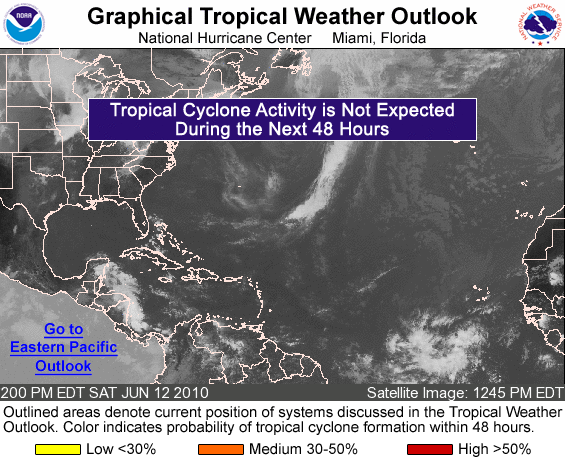
FOR THE NORTH ATLANTIC...CARIBBEAN SEA AND THE GULF OF MEXICO...

TROPICAL CYCLONE FORMATION IS NOT EXPECTED DURING THE NEXT 48 HOURS.

FORECASTER PASCH/KIMBERLAIN